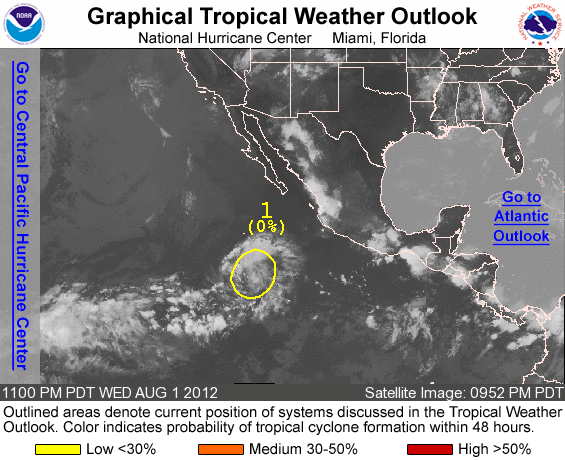
FOR THE EASTERN NORTH PACIFIC...EAST OF 140 DEGREES WEST LONGITUDE..

1. DISORGANIZED SHOWERS AND THUNDERSTORMS ASSOCIATED WITH A TROPICAL WAVE ARE LOCATED ABOUT 700 MILES SOUTH-SOUTHWEST OF THE SOUTHERN TIP OF BAJA CALIFORNIA. ADDITIONAL DEVELOPMENT IS NOT EXPECTED... AND THIS SYSTEM HAS A LOW CHANCE...NEAR 0 PERCENT...OF BECOMING A TROPICAL CYCLONE DURING THE NEXT 48 HOURS.

ELSEWHERE...TROPICAL CYCLONE FORMATION IS NOT EXPECTED DURING THE NEXT 48 HOURS.

FORECASTER AVILA